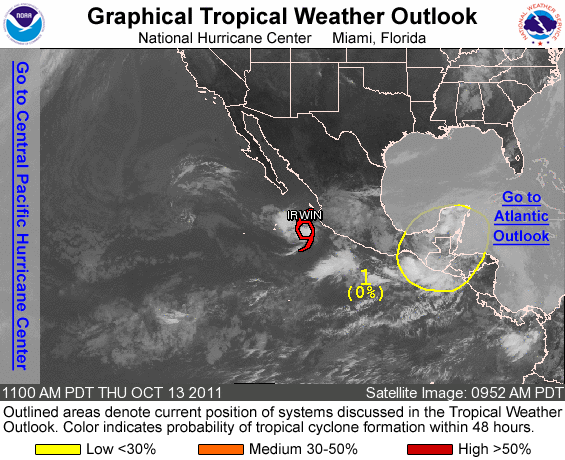
FOR THE EASTERN NORTH PACIFIC...EAST OF 140 DEGREES WEST LONGITUDE..

THE NATIONAL HURRICANE CENTER IS ISSUING ADVISORIES ON TROPICAL STORM IRWIN...LOCATED ABOUT 190 MILES WEST OF MANZANILLO MEXICO.

1. A TROUGH OF LOW PRESSURE EXTENDS FROM SOUTHEASTERN MEXICO NORTHEASTWARD INTO THE NORTHWESTERN CARIBBEAN SEA AND IS PRODUCING A LARGE AREA OF DISORGANIZED SHOWER AND THUNDERSTORM ACTIVITY. WHILE TROPICAL CYCLONE DEVELOPMENT IS NOT EXPECTED IN THE EASTERN NORTH PACIFIC BASIN...LOCALLY HEAVY RAINFALL IS LIKELY TO CONTINUE DURING THE NEXT COUPLE OF DAYS OVER PORTIONS OF SOUTHEASTERN MEXICO...EL SALVADOR...AND GUATEMALA AS THIS SYSTEM REMAINS NEARLY STATIONARY. THIS SYSTEM HAS A LOW CHANCE...NEAR 0 PERCENT...OF BECOMING A TROPICAL CYCLONE DURING THE NEXT 48 HOURS.

ELSEWHERE...TROPICAL CYCLONE FORMATION IS NOT EXPECTED DURING THE NEXT 48 HOURS.

FORECASTER BRENNAN